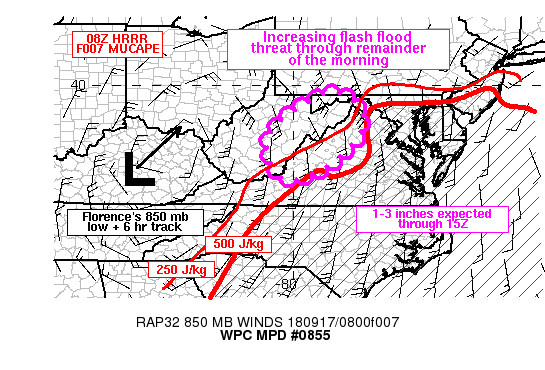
Areas affected...eastern WV into western VA

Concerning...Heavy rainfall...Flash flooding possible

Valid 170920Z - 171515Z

Summary...The threat for flash flooding will increase across
eastern WV into western VA through the remainder of the morning.
Rainfall rates of 0.5 to 1.0 in/hr will be possible with 6 hour
totals of 1-3 inches through 15Z.

Discussion...09Z infrared satellite imagery and area VAD wind
plots placed the 850 mb circulation associated with Tropical
Depression Florence over eastern KY. The core of the strongest 850
mb winds, which were 40-50 kt, was located along the central WV/VA
border, oriented roughly 90 degrees to the spine of the
Appalachians. However, largely stratiform rain and a lack of
higher reflectivity values on area radars suggests that
instability is limited. The latest SPC mesoanalysis page suggests
MUCAPE is 250 J/kg or less across the WV/VA border and observed
rain rates have been between 0.5 and 1.0 in/hr over the last 3
hours through 09Z.

A slow but steady translation of the 850 mb flow toward the NNE is
expected through 15Z which will cause a veering of 850 mb flow
toward the SSW across WV/VA through 15Z. Wind speeds are also
forecast to weaken slightly to below 40 kt across western VA as
the height gradient loosens up a bit. However, the southerly flow
will advect deeper 850-700 mb moisture toward the north, which
when combined with the onset of daytime heating will allow MLCAPE
values to rise beginning near 15Z. The increased CAPE may allow
rainfall rates to increase to near 1 in/hr. While this region of
the Mid-Atlantic has not seen much rainfall from Florence over the
past few days, pockets of lower Flash Flood Guidance of 1.5 inches
in 3 hours may be exceeded with maximum 6 hour rainfall totals of
1-3 inches expected through 15Z.